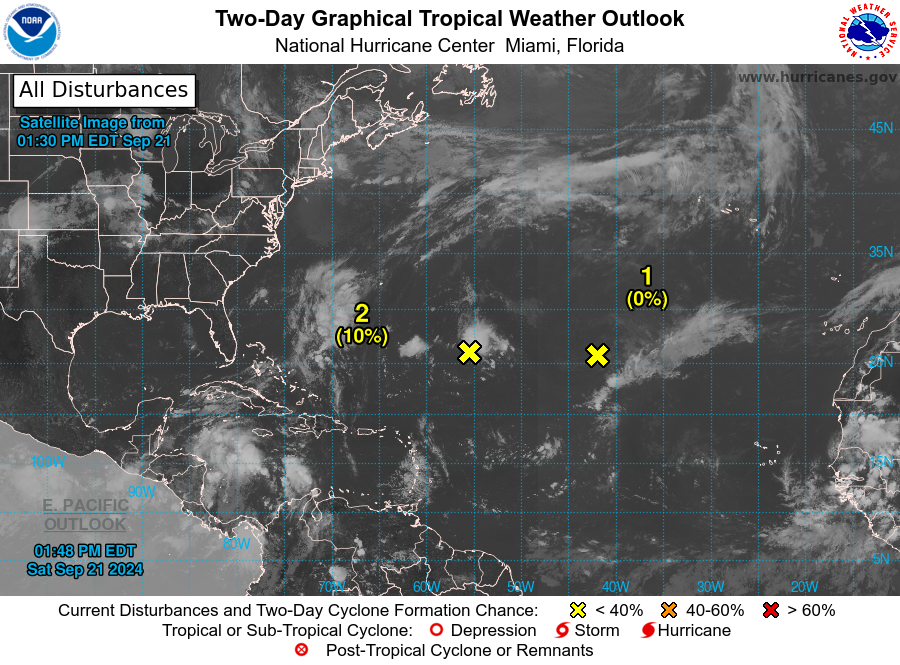
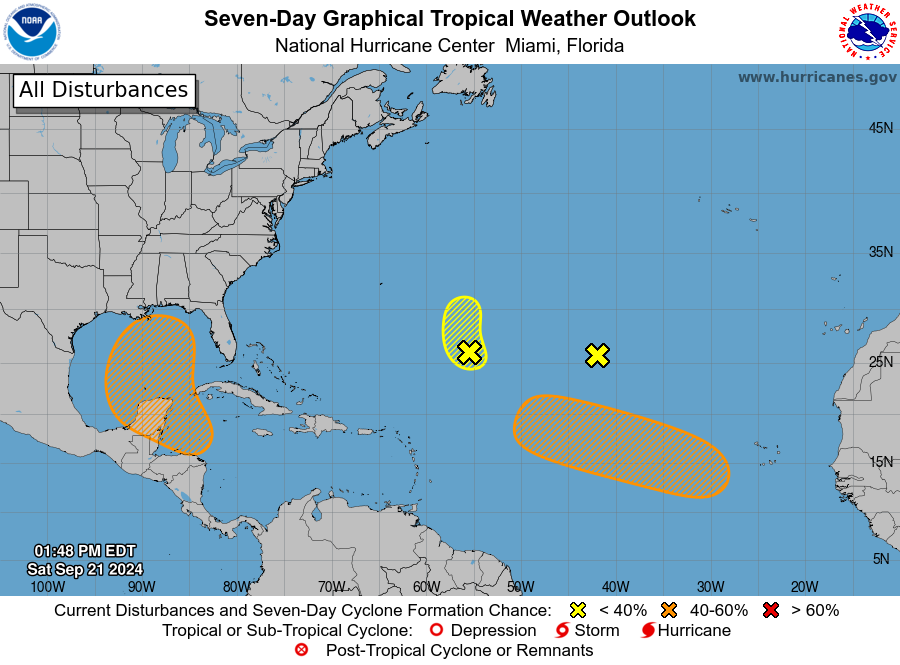
For the North Atlantic...Caribbean Sea and the Gulf of Mexico:

1. Central Subtropical Atlantic (Remnants of Gordon): Strong upper-level winds continue to keep showers displaced well to the east of an area of low pressure (the remnants of Gordon) located over one thousand miles southwest of the Azores. Development of this system is not expected while it moves slowly northwestward over the central subtropical Atlantic during the next couple of days.
* Formation chance through 48 hours...low...near 0 percent.
* Formation chance through 7 days...low...near 0 percent.

2. Central Subtropical Atlantic (AL96): An area of low pressure located about 700 miles southeast of Bermuda continues to produce a small cluster of showers and thunderstorms northeast of its center. However, the low is embedded in a very dry environment, and therefore significant development is not expected while it moves generally northward at 5 to 10 mph over the central subtropical Atlantic.
* Formation chance through 48 hours...low...10 percent.
* Formation chance through 7 days...low...10 percent.

3. Northwestern Caribbean Sea and Gulf of Mexico: A broad area of low pressure is likely to form by the early to middle part of next week over the northwestern Caribbean Sea and the adjacent portions of Central America. Thereafter, gradual development of this system is possible, and a tropical depression could form as the system moves slowly northward across the northwestern Caribbean Sea and Gulf of Mexico through the end of next week. Regardless of development, this system is expected to produce heavy rains over portions of Central America during the next several days.
* Formation chance through 48 hours...low...near 0 percent.
* Formation chance through 7 days...medium...60 percent.

4. Eastern and Central Tropical Atlantic: A tropical wave is expected to move westward from the coast of Africa on Sunday or Monday. Gradual development of this system is possible thereafter, and a tropical depression could form next week while the wave moves westward across the eastern and central tropical Atlantic.
* Formation chance through 48 hours...low...near 0 percent.
* Formation chance through 7 days...medium...40 percent.

Forecaster Berg